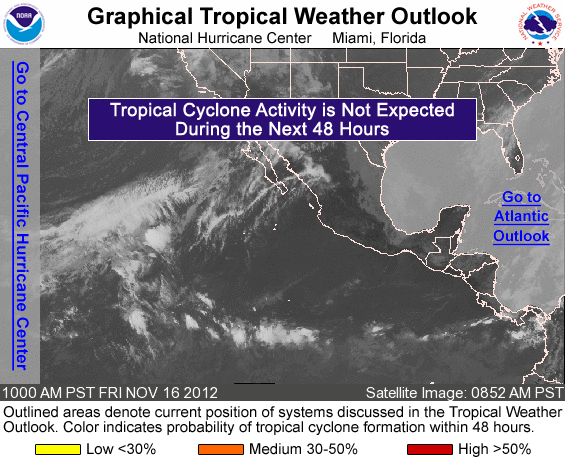
FOR THE EASTERN NORTH PACIFIC...EAST OF 140 DEGREES WEST LONGITUDE..

TROPICAL CYCLONE FORMATION IS NOT EXPECTED DURING THE NEXT 48 HOURS.

FORECASTER BRENNAN